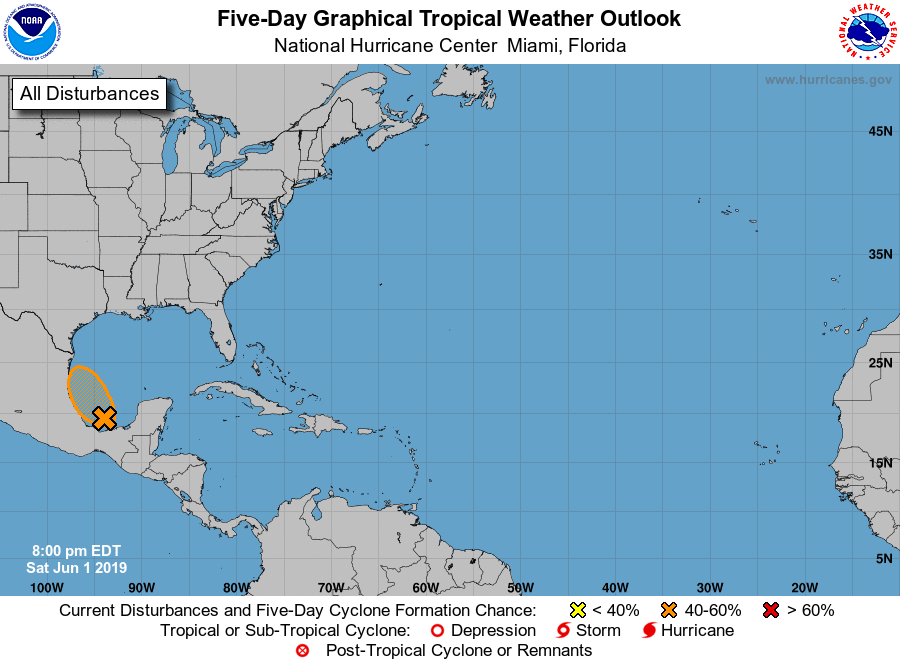
For the North Atlantic...Caribbean Sea and the Gulf of Mexico:

1. A low pressure system located over the southern Bay of Campeche continues to produce disorganized shower and thunderstorm activity. This system is expected to move slowly west-northwestward toward the coast of Mexico, and it could become a tropical cyclone before it moves inland early next week. Regardless of development, the disturbance will likely produce heavy rainfall over portions of southern and eastern Mexico during the next few days. An Air Force Reserve reconnaissance aircraft is scheduled to investigate the disturbance on Sunday, if necessary. Interests along the Gulf coast of Mexico should monitor the progress of this system.
* Formation chance through 48 hours...medium...60 percent.
* Formation chance through 5 days...medium...60 percent.

Forecaster Beven